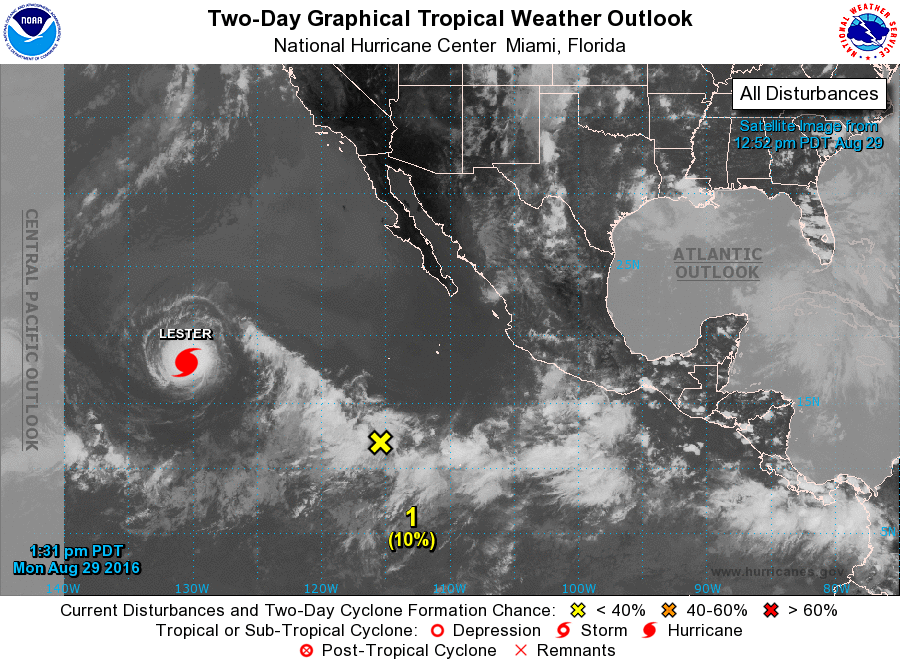
For the eastern North Pacific...east of 140 degrees west longitude:

The National Hurricane Center is issuing advisories on Hurricane Lester, located well to the west of the southern tip of the Baja California peninsula.

1. Disorganized showers and a few thunderstorms continue in association with a broad area of low pressure located several hundred miles south-southwest of the southern tip of the Baja California peninsula. Any development of this system is expected to be slow to occur while it moves slowly westward or west-northwestward during the next few days.
* Formation chance through 48 hours...low...10 percent
* Formation chance through 5 days...low...30 percent

2. An area of low pressure is expected to form toward the end of the week a few hundred miles south or southeast of Acapulco, Mexico. Environmental conditions appear conducive for slow development of this system while it moves west-northwestward or northwestward.
* Formation chance through 48 hours...low...near 0 percent
* Formation chance through 5 days...medium...40 percent

Forecaster Roberts